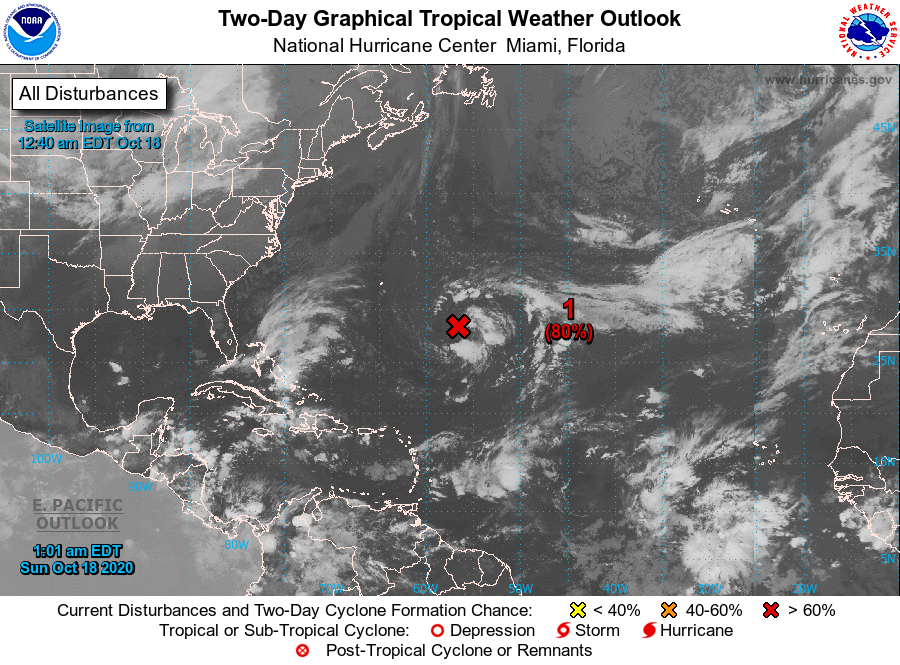
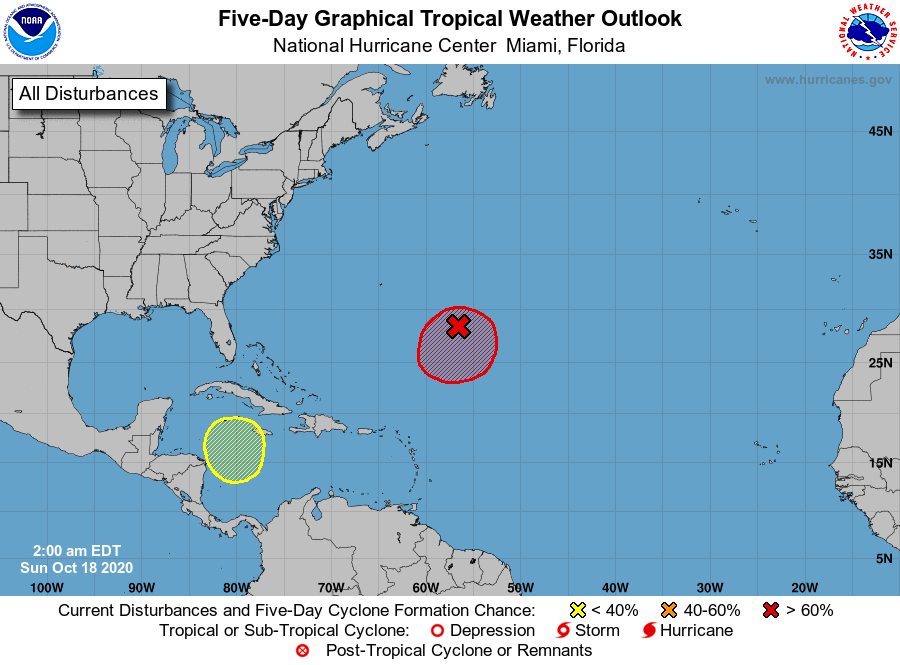
For the North Atlantic...Caribbean Sea and the Gulf of Mexico:

1. Showers and thunderstorms associated with a non-tropical low pressure system located about 500 miles east-southeast of Bermuda have not become significantly better organized over the past several hours. Gradual development is expected, and a subtropical depression or storm is very likely to form during the next day or two while the low meanders well to the southeast of Bermuda.
* Formation chance through 48 hours...high...80 percent.
* Formation chance through 5 days...high...90 percent.

2. A broad area of low pressure is expected to form in a few days over the southwestern Caribbean Sea. Some gradual development of this system will be possible through the middle of next week while it moves slowly northward or north-northwestward over the western Caribbean Sea.
* Formation chance through 48 hours...low...near 0 percent.
* Formation chance through 5 days...low...30 percent.

Forecaster Pasch